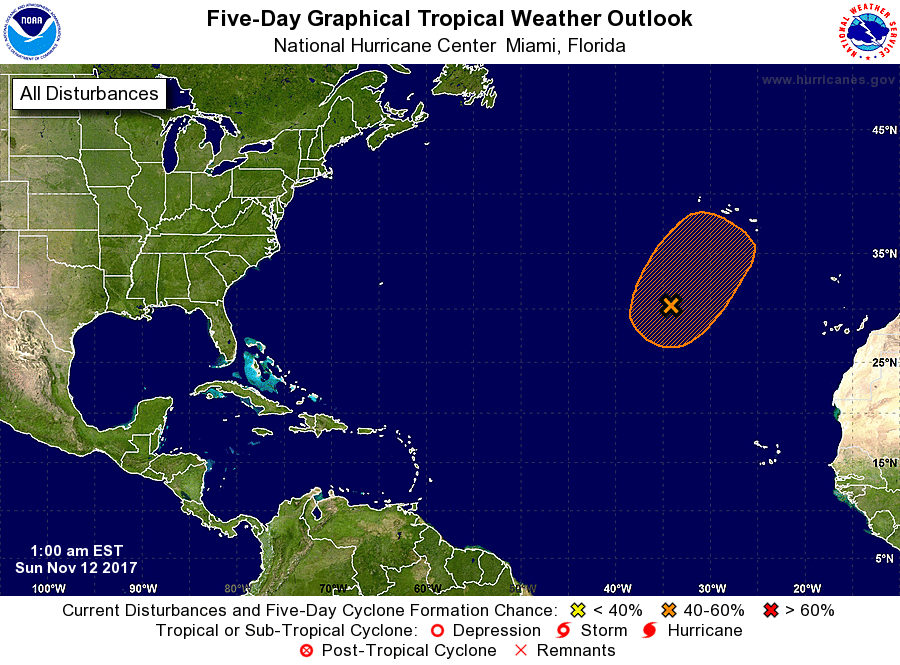
For the North Atlantic...Caribbean Sea and the Gulf of Mexico:

1. A surface trough interacting with an upper-level low continues to produce an elongated area of disorganized showers and thunderstorms more than 500 miles southwest of the Azores. Environmental conditions are expected to be conducive for a non-tropical low to form during the next day or so. The system could gradually acquire some subtropical characteristics by the middle of next week while it moves slowly northeastward.
* Formation chance through 48 hours...low...10 percent.
* Formation chance through 5 days...medium...40 percent.

Forecaster Stewart